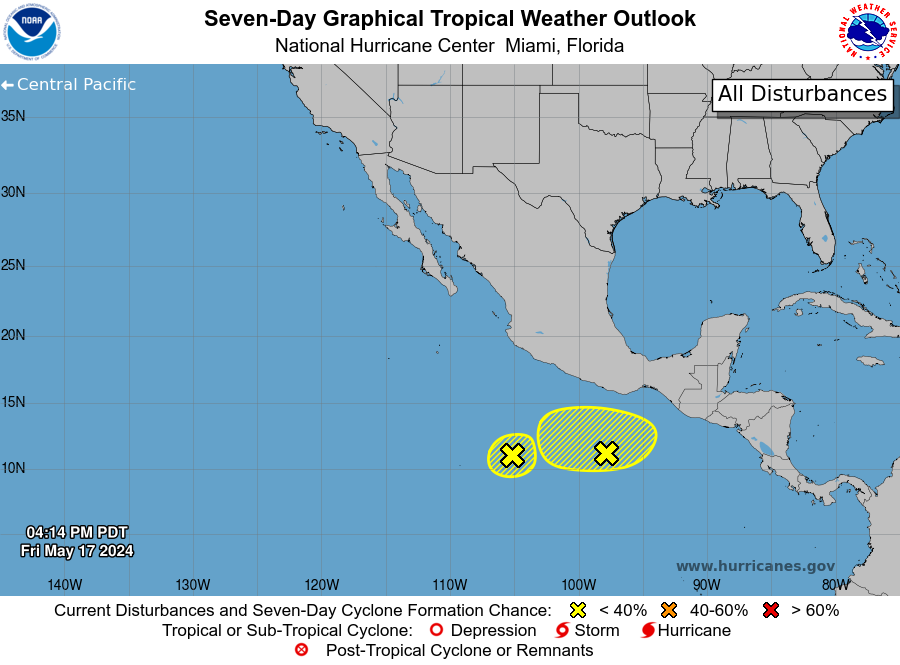
For the eastern North Pacific...east of 140 degrees west longitude:

1. South of the Coast of Southwestern Mexico: An elongated area of low pressure located several hundred miles offshore of the coast of southwestern Mexico continues to produce a small area of showers and thunderstorms. Marginal environmental conditions due to nearby dry air are likely to limit significant development of this system as the low remains nearly stationary during the next day or so. By late this weekend, the low is forecast to interact or merge with another system to its east, and further development is not expected.
* Formation chance through 48 hours...low...20 percent.
* Formation chance through 7 days...low...20 percent.

2. South of the Coast of Southern Mexico: Disorganized showers and thunderstorms continue several hundred miles to the south of the coast of southern Mexico in association with a trough of low pressure. Development of this system, if any, should be slow to occur as it moves slowly westward during the next few days.
* Formation chance through 48 hours...low...near 0 percent.
* Formation chance through 7 days...low...20 percent.

Forecaster Papin